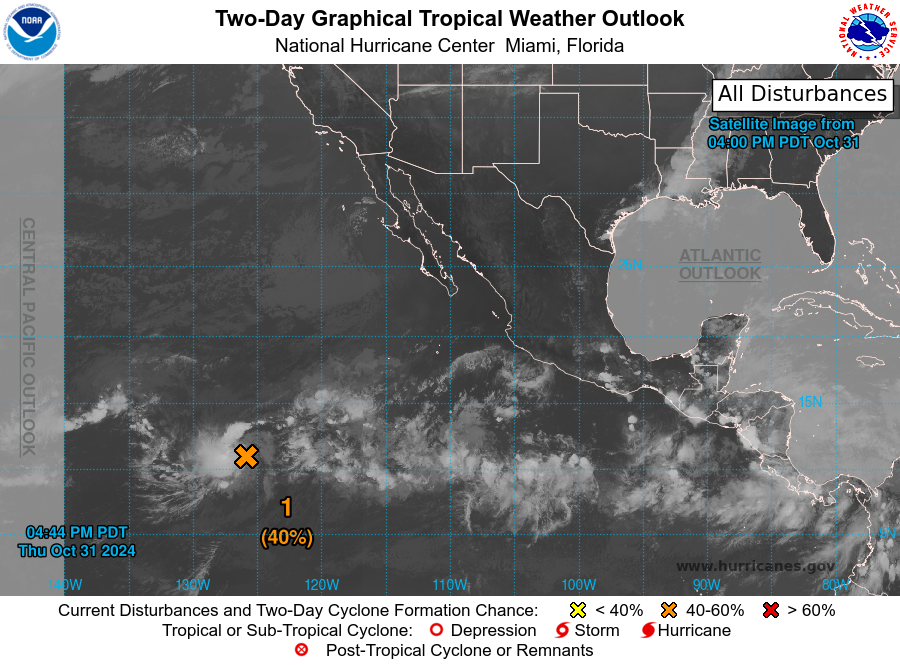
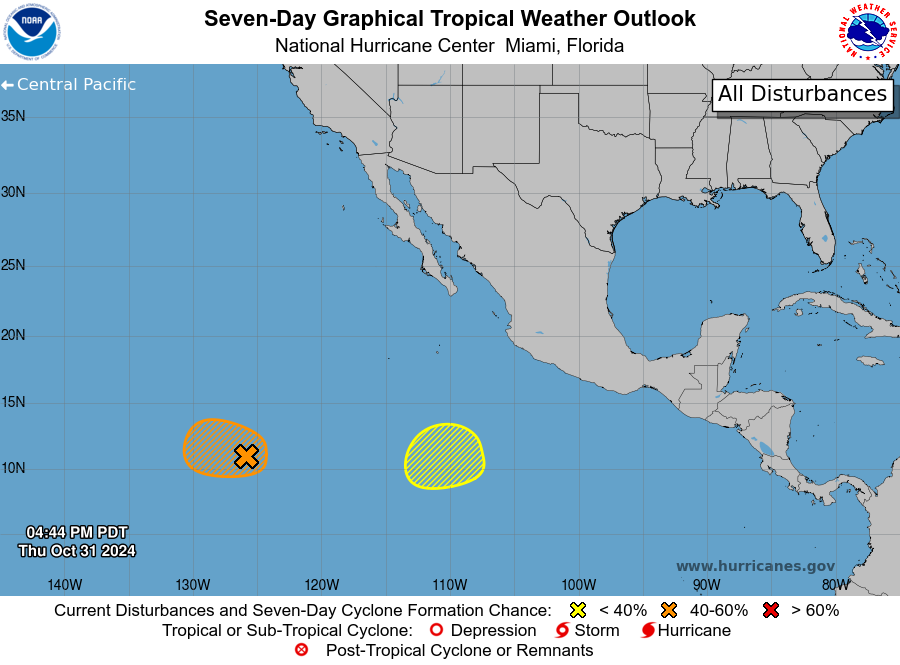
For the eastern North Pacific...east of 140 degrees west longitude:

1. Central East Pacific (EP92): Satellite-derived winds indicate that the area of low pressure located a little over 1200 miles southwest of the southern tip of the Baja California peninsula has become better defined this afternoon. However, shower and thunderstorm activity remains disorganized. Some further development of this system is possible during the next couple of days while the low moves slowly to the west-northwest. By late this weekend, environmental conditions are expected to become less conducive to development.
* Formation chance through 48 hours...medium...40 percent.
* Formation chance through 7 days...medium...40 percent.

2. Southwest of Southwestern Mexico: An area of low pressure could form well offshore of southwestern Mexico during the early to middle part of next week. Afterward, some slow development is possible while the system meanders or drifts generally eastward.
* Formation chance through 48 hours...low...near 0 percent.
* Formation chance through 7 days...low...30 percent.

Forecaster Roberts